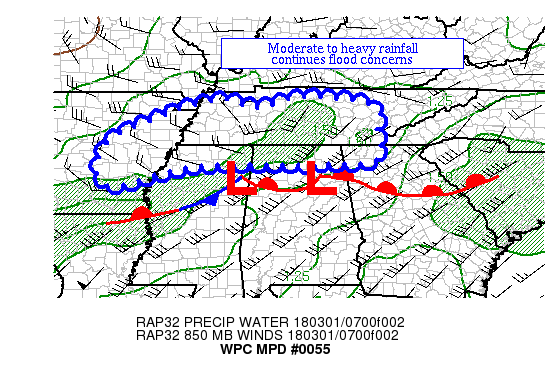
AREAS AFFECTED...EASTERN TN & NORTHEAST AL

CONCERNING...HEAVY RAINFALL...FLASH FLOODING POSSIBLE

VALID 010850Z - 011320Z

SUMMARY...HEAVY RAIN WITH HOURLY TOTALS UP TO 0.5" OVER SATURATED
SOILS RUN THE RISK OF FLASH FLOODING.

DISCUSSION...WIDELY SCATTERED SHOWERS AND THUNDERSTORMS HAVE BEEN
FORMING AS OF LATE IN NORTHWESTERLY FLOW ACROSS NORTHERN AR.  TO
THE EAST, HEAVY RAINFALL HAS BEEN SPREADING EASTWARD ACROSS TN
OVER THE PAST FEW HOURS, WITH MESONET SITES SHOWING OCCASIONAL
RAIN TOTALS OF 0.5" AN HOUR IN WESTERN TN.  THIS IS IN ASSOCIATION
WITH OVERRUNNING RAINFALL OCCURRING NEAR AN AREA OF DECENT 850-650
HPA FRONTOGENESIS NORTH OF A STATIONARY FRONT.  DIVERGENCE ALOFT
IN SATELLITE IMAGERY APPEARS TO BE IMPROVING REGIONALLY TO THE
EAST OF A SIGNIFICANT SHORTWAVE ACROSS WESTERN OK AND THE TX
PANHANDLE.  THE LATEST GPS VALUES SHOW PRECIPITABLE WATER VALUES
1.2-1.6", WHICH IS 2-3 SIGMAS ABOVE AVERAGE FOR EARLY MARCH.  THE
VAD WIND PROFILE FROM NORTHEAST AL SHOWS FAIRLY UNIDIRECTIONAL
FLOW FROM THE WEST-SOUTHWEST FROM 3000 FEET UPWARD, WHICH ALOFT IS
DRAWING PACIFIC MOISTURE FROM OFFSHORE BAJA CALIFORNIA AND IN THE
LOWER LEVELS FROM THE GULF OF MEXICO.

RAINFALL ACROSS AR AND WESTERN TN/NORTHERN MS IS EXPECTED TO FADE
OVER THE NEXT FEW HOURS.  THE CURRENT BATCH OF HEAVY RAIN IN
EASTERN TN CURRENTLY ASSOCIATED WITH THE SURFACE WAVE IN NORTHEAST
AL IS EXPECTED TO BE REPLACED/REINFORCED WITH ENHANCED RAINFALL
FROM THE NEXT WAVE UPSTREAM ACROSS NORTHEAST MS.  FLASH FLOOD
GUIDANCE VALUES FROM 00Z-06Z SHOW AN EXTENSIVE AREA OF ROUGHLY 1"
OR LESS IN THREE HOURS ACROSS AR AND THE MID-SOUTH.  MU CAPE
VALUES ACROSS THE REGION ARE ROUGHLY 100 J/KG, WHICH COMBINED WITH
THE AVAILABLE MOISTURE WOULD ALLOW FOR HOURLY RAIN TOTALS UP TO
0.5".  THIS WOULD BE HEAVY ENOUGH TO EXCEED THE LOW FLASH FLOOD
GUIDANCE VALUES RELATIVELY QUICKLY.  THE MESOSCALE GUIDANCE HAS A
SIGNAL FOR 1-1.5" ACROSS NORTHERN MS, EASTERN TN, AND NORTHERN AL
OVER THE NEXT FIVE HOURS IN THIS AREA.  SINCE THE EVENT IS ONE OF
LONGER DURATION, KEPT THE CATEGORY AS FLASH FLOOD POSSIBLE.